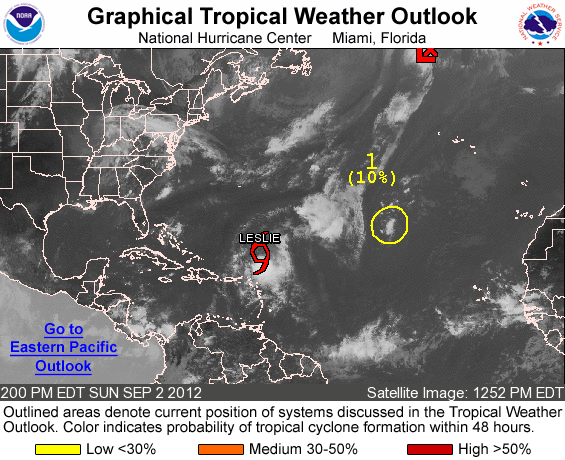
FOR THE NORTH ATLANTIC...CARIBBEAN SEA AND THE GULF OF MEXICO...

THE NATIONAL HURRICANE CENTER IS ISSUING ADVISORIES ON TROPICAL STORM KIRK...LOCATED ABOUT 790 MILES EAST OF CAPE RACE NEWFOUNDLAND...AND ON TROPICAL STORM LESLIE...LOCATED ABOUT 295 MILES NORTH OF THE LEEWARD ISLANDS.

1. A SMALL LOW PRESSURE AREA LOCATED ABOUT 1150 MILES NORTHWEST OF THE CAPE VERDE ISLANDS IS PRODUCING DISORGANIZED SHOWERS AND THUNDERSTORMS. UPPER-LEVEL WINDS ARE EXPECTED TO REMAIN UNFAVORABLE FOR SIGNIFICANT DEVELOPMENT AND THIS SYSTEM HAS A LOW CHANCE...10 PERCENT...OF BECOMING A TROPICAL CYCLONE DURING THE NEXT 48 HOURS.

ELSEWHERE...TROPICAL CYCLONE FORMATION IS NOT EXPECTED DURING THE NEXT 48 HOURS.

FORECASTER BROWN